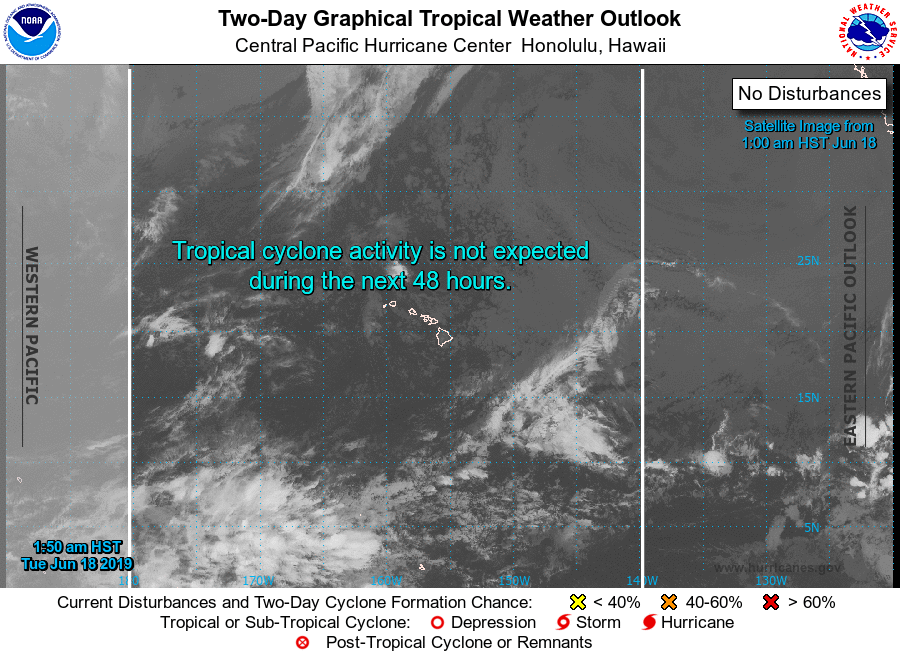
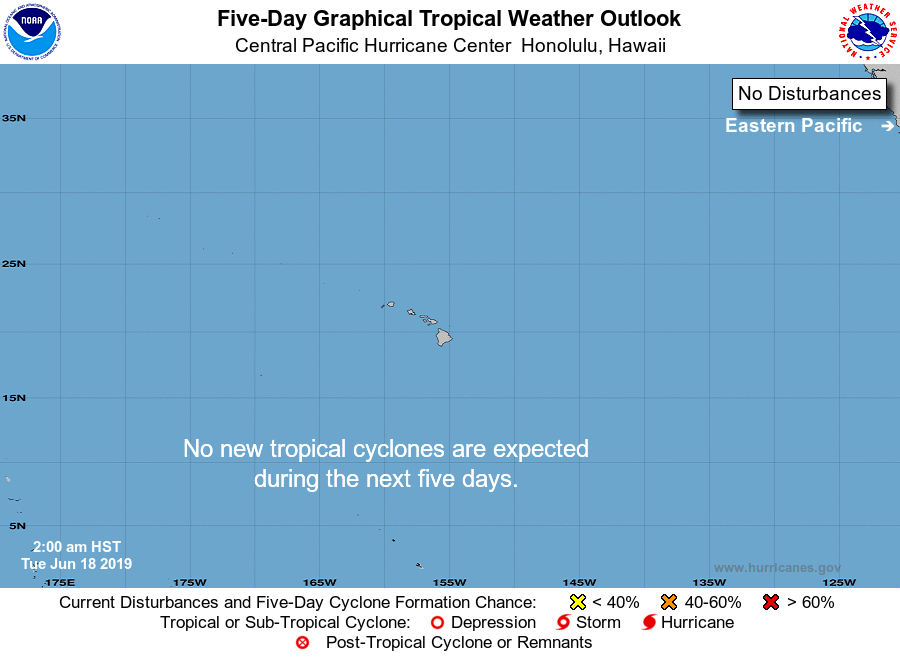
For the central North Pacific...between 140W and 180W:

No tropical cyclones are expected during the next 5 days.

Forecaster TS